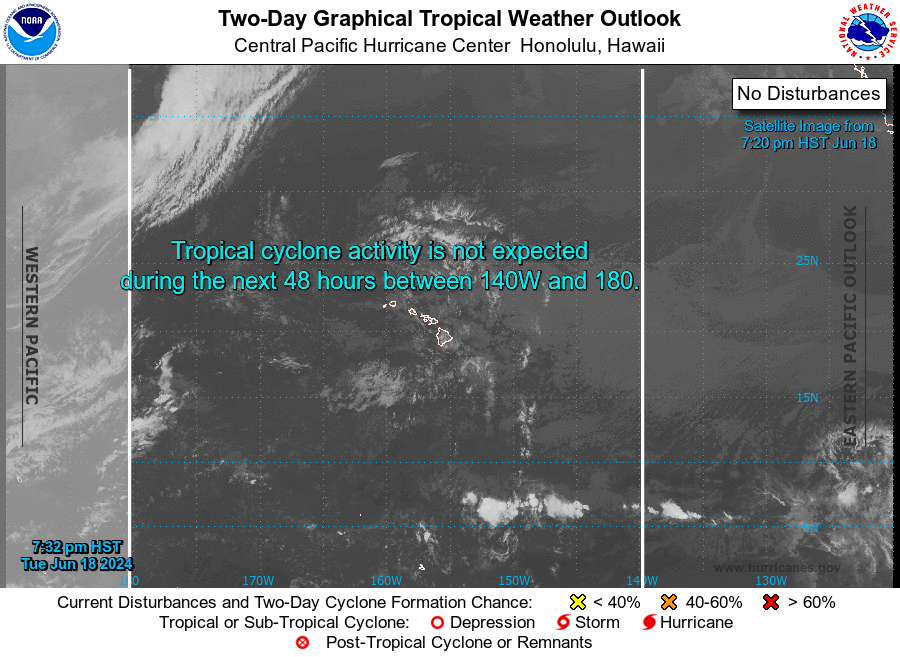
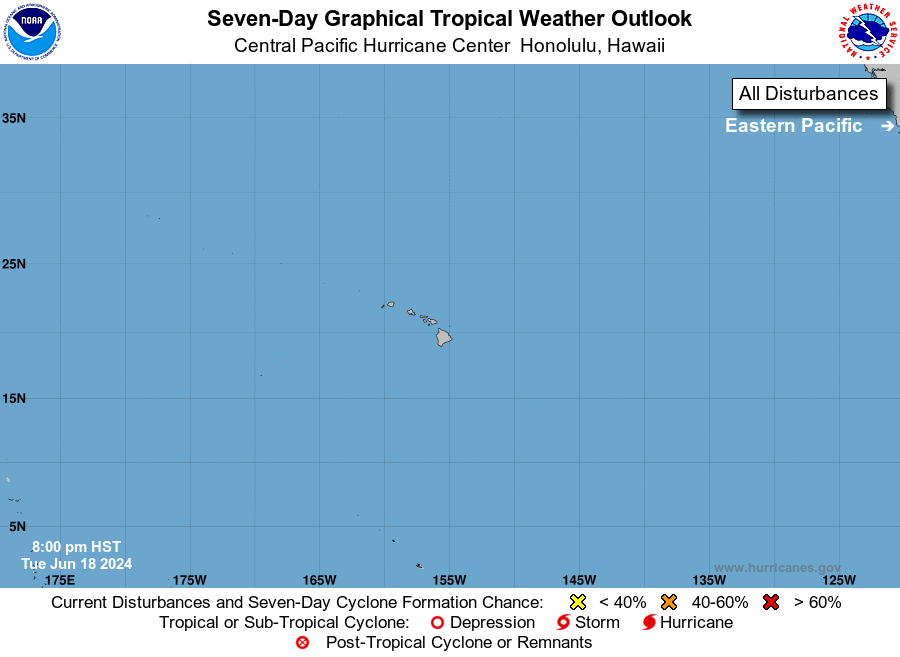
For the central North Pacific...between 140W and 180W:

No tropical cyclones are expected during the next 7 days.

Forecaster Bohlin